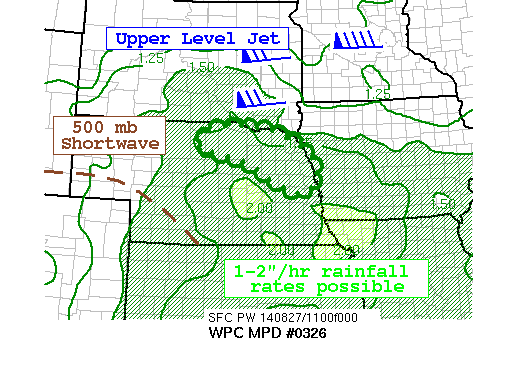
AREAS AFFECTED...NORTHEASTERN NEBRASKA

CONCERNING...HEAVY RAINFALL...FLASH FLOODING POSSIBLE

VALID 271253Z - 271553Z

SUMMARY...SLOW-MOVING THUNDERSTORMS MAY TEND TO PERSIST THROUGH
THE LATE MORNING. RAINFALL RATES OF 1 TO 2 INCHES/HR...IN ADDITION
TO HEAVY RAINS THAT HAVE ALREADY OCCURRED...MAY FOSTER A THREAT
FOR FLASH FLOODING.

DISCUSSION...THE LATEST IR SAT IMAGERY SHOWS
CLOUD TOPS COOLING ONCE AGAIN ACROSS NORTHEASTERN NEB.  SUPPORTED
BY A MID LEVEL TROUGH/IMPULSE LIFTING ACROSS THE CENTRAL HIGH
PLAINS AND GOOD UPPER DIVERGENCE ALONG THE RIGHT-ENTRANCE REGION
OF THE JET...EXPECT CONVECTION TO CONTINUE AT LEAST FOR THE NEXT
FEW HOURS ACROSS THE OUTLOOK AREA.  BROAD SOUTHERLY LOW LEVEL
INFLOW INTO A SLOW MOVING SURFACE BOUNDARY SHOULD HELP SUSTAIN
HIGH PWS ON THE ORDER OF 1.75-2 INCHES...WHICH ALONG WITH THE
MID-UPPER FORCING MAY SUPPORT HEAVY RAINFALL RATES ACROSS THE AREA
FOR THE NEXT FEW HOURS.

06Z NAM CONEST AND THE 11Z HRRR BOTH SHOW RAINFALL RATES OF 1-2
INCHES/HR FOR THE NEXT FEW HOURS ACROSS PORTIONS OF THE
REGION...WHICH MAY RESULT IN FLASH FLOODING.